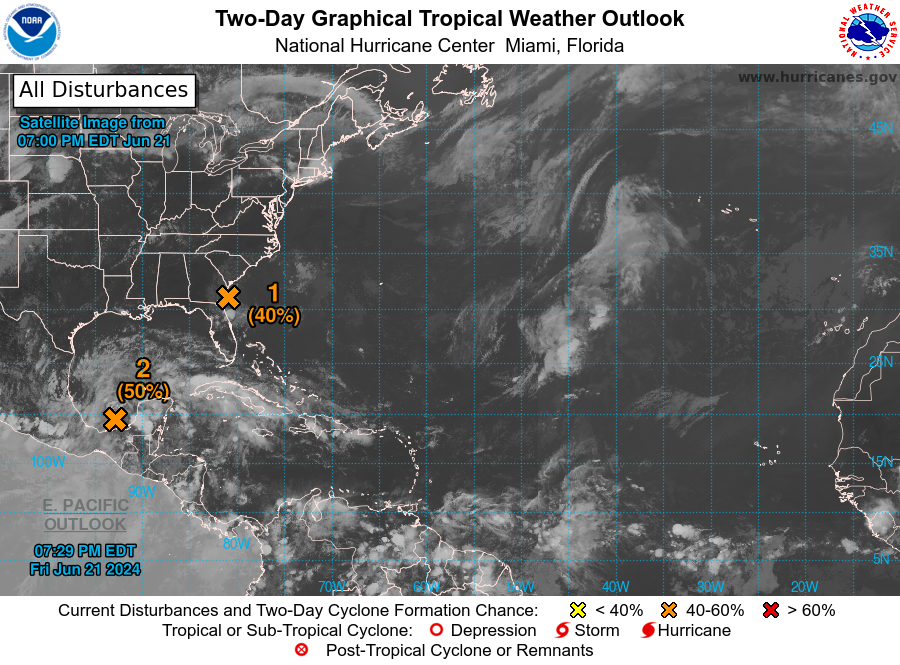
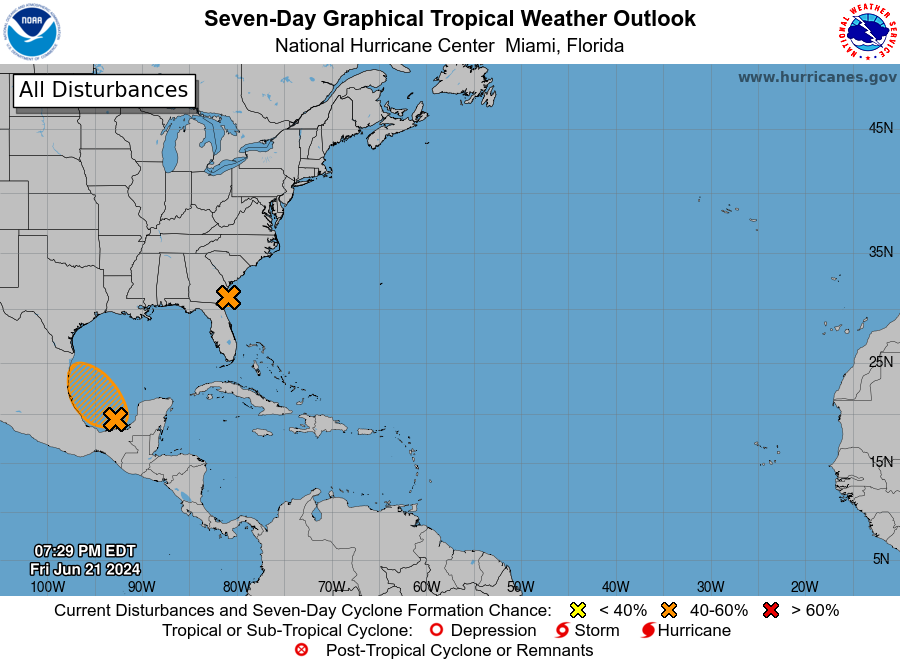
For the North Atlantic...Caribbean Sea and the Gulf of Mexico:

1. Southwestern Atlantic Ocean (AL92): Satellite imagery and National Weather Service Doppler radar data indicate that the well-defined low pressure area located about 40 miles southeast of Brunswick, Georgia, is producing only minimal shower and thunderstorm activity at this time. The low is likely to move inland during the next several hours, and the chances of the system becoming a tropical depression are decreasing. However, interests along the coasts of Georgia and northeastern Florida should continue to monitor the progress of the system until it moves inland. For more information, refer to High Seas Forecasts issued by the National Weather Service, as well as local forecasts issued by your local National Weather Service Forecast Office.
* Formation chance through 48 hours...medium...40 percent.
* Formation chance through 7 days...medium...40 percent.

2. Southwestern Gulf of Mexico: Satellite imagery and surface observations indicate a broad area of low pressure is forming over the Bay of Campeche. Environmental conditions appear conducive for gradual development of this system as it moves slowly west-northwestward or northwestward, and a tropical depression could form over the southwestern Gulf of Mexico this weekend. Interests along the Gulf coast of Mexico should monitor the progress of this system.
* Formation chance through 48 hours...medium...50 percent.
* Formation chance through 7 days...medium...50 percent.

High Seas Forecasts issued by the National Weather Service can be found under AWIPS header NFDHSFAT1, WMO header FZNT01 KWBC, and online at ocean.weather.gov/shtml/NFDHSFAT1.php. Local National Weather Service forecasts can be found at www.weather.gov.

Forecaster Beven